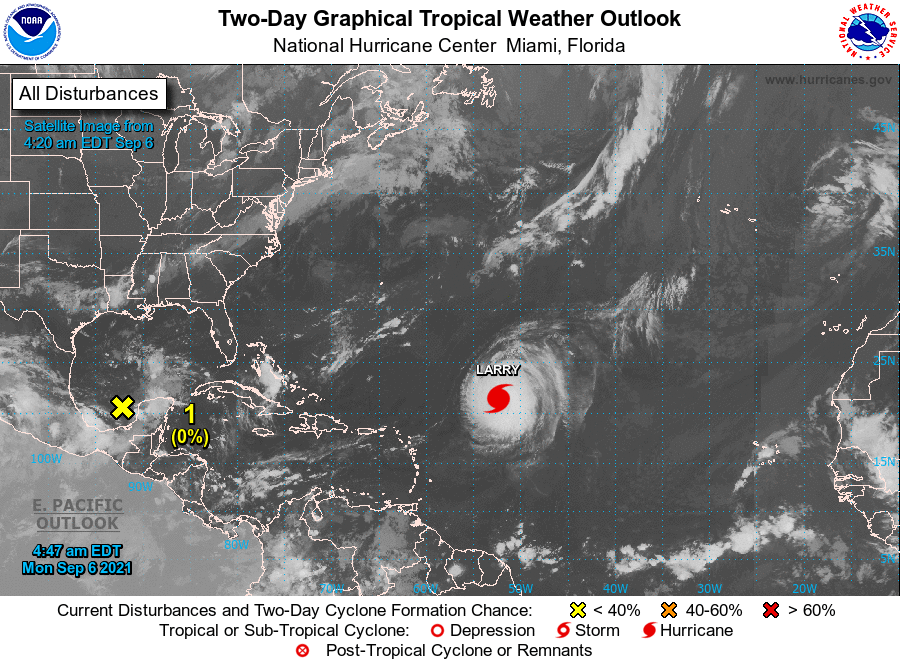
For the North Atlantic...Caribbean Sea and the Gulf of Mexico:

The National Hurricane Center is issuing advisories on Hurricane Larry, located over the central Atlantic about 800 miles east-northeast of the northern Leeward Islands.

1. Disorganized showers and thunderstorms over the northern portion of the Yucatan Peninsula and south-central Gulf of Mexico are associated with a surface trough and an upper-level disturbance. The system is forecast to move slowly northward or northeastward over the central and then northeastern Gulf of Mexico, likely reaching the northern Gulf coast in a few days. Although upper-level winds are currently unfavorable for development to occur, they are expected to become marginally conducive for tropical cyclone formation in a couple of days. The disturbance is then expected to cross the southeastern United States beginning midweek, and some development will be possible once it emerges over the Atlantic waters late this week.
* Formation chance through 48 hours...low...near 0 percent.
* Formation chance through 5 days...low...30 percent.

Forecaster Cangialosi